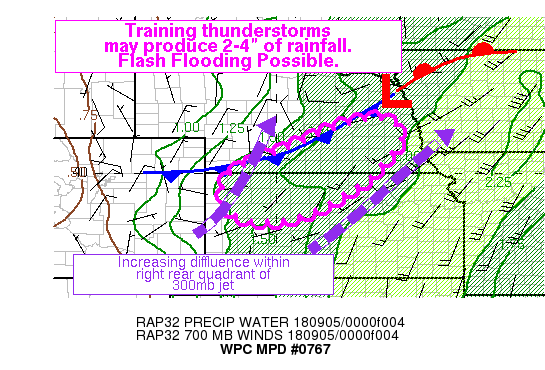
Areas affected...Southern Nebraska and North Central Kansas

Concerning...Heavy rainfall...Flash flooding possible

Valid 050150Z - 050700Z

Summary...Thunderstorms developing ahead of a cold front will
become more widespread during the next few hours with training
likely. Rainfall rates of 1-2 inches per hour are expected, with
rainfall totals of 2-4 inches possible. This rainfall will have
the potential to produce flash flooding.

Discussion...Regional radar mosaic and GOES-16 IR products this
evening depict thunderstorms blossoming across NW Kansas and S
Central Nebraska. Rainfall rates within these storms have reached
1.5-2 inches per hour according to latest KUEX hourly rainfall
estimates, and this activity is forecast to increase through the
next several hours.

Analysis of the latest METAR data shows a cold front draped from
near Sioux City, IA to Kearney, NE, west towards Akron, CO. This
front is being driven southward into an environment characterized
by very high moisture content with PWATs of 1.6 to 1.8 inches
analyzed by latest RAP as well as the GFS blended TPW product.
While the deeper moisture plume lies just east of the threat area,
these values are still above the 90th percentile for the date,
suggestive of the potential for very heavy rainfall. Additionally,
warm advection on 20-30 kt 850mb winds are forecast to increase
the warm cloud depth above 4000m, which combined with moderate
MLCape around 1000 J/kg support increasingly efficient warm rain
processes in thunderstorms.

Convergence of flow between 850-700mb is likely as the front sags
southward, which combined with increasing diffluence within the
right rear quadrant of a 300mb jet should allow convection to
increase in coverage. These storms will develop across NW KS and S
Central NE before spreading E/NE on 0-6km storm motion of 10-15
kts from the S/SW according to latest RAP proximity soundings.
This is nearly parallel to latest cell motions and suggests
training of thunderstorms is likely, so despite relatively lower
HRRR soil moisture flash flooding will be possible.